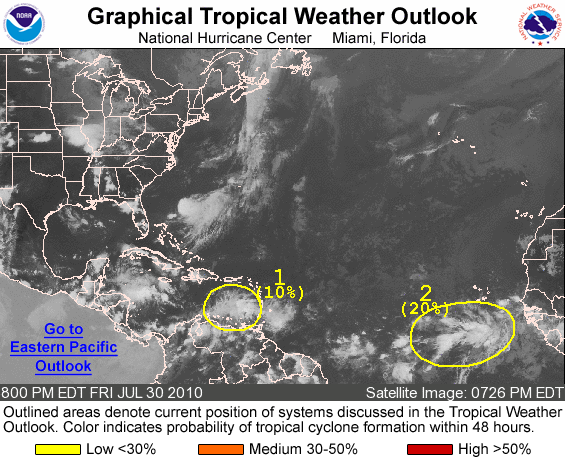
FOR THE NORTH ATLANTIC...CARIBBEAN SEA AND THE GULF OF MEXICO...

1. A WESTWARD-MOVING TROPICAL WAVE CONTINUES TO PRODUCE DISORGANIZED SHOWERS AND THUNDERSTORMS OVER THE SOUTHEASTERN AND SOUTH-CENTRAL CARIBBEAN SEA. LITTLE DEVELOPMENT OF THIS SYSTEM IS EXPECTED UNTIL IT REACHES THE SOUTHWESTERN CARIBBEAN SEA IN A COUPLE OF DAYS. THERE IS A LOW CHANCE...10 PERCENT...OF THIS SYSTEM BECOMING A TROPICAL CYCLONE DURING THE NEXT 48 HOURS.

2. A SMALL AREA OF DISTURBED WEATHER OVER THE EASTERN ATLANTIC ABOUT 700 MILES SOUTHWEST OF THE CAPE VERDE ISLANDS CONTINUES TO LOSE ORGANIZATION AS IT INTERACTS WITH A LARGER TROPICAL WAVE A FEW HUNDRED MILES SOUTH-SOUTHEAST OF THE CAPE VERDE ISLANDS. DEVELOPMENT OF EITHER SYSTEM...IF ANY...SHOULD BE SLOW TO OCCUR...AND THERE IS A LOW CHANCE...20 PERCENT...OF TROPICAL CYCLONE FORMATION IN THIS AREA DURING THE NEXT 48 HOURS.

ELSEWHERE...TROPICAL CYCLONE FORMATION IS NOT EXPECTED DURING THE NEXT 48 HOURS.

FORECASTER BEVEN